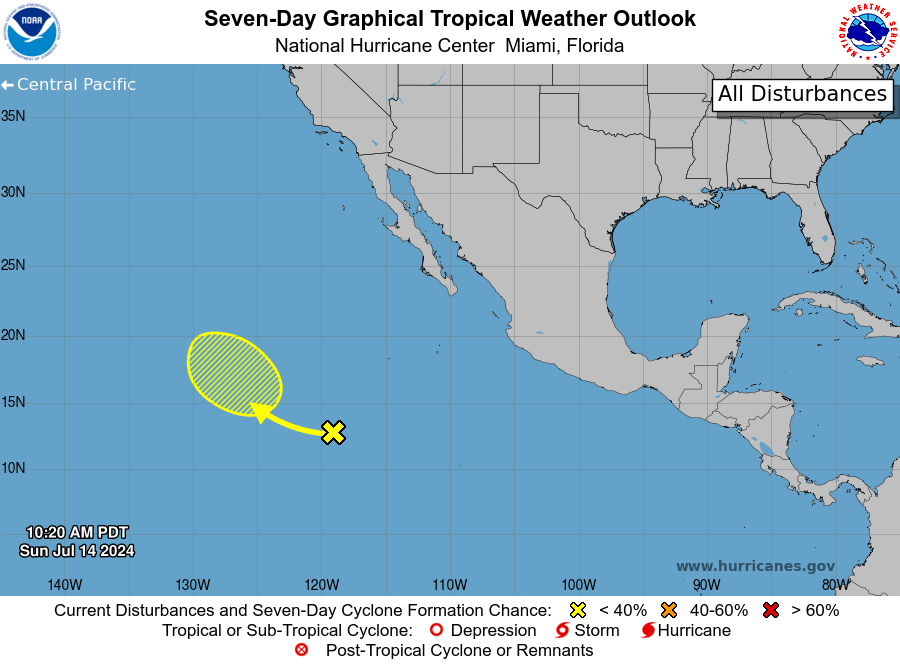
For the eastern North Pacific...east of 140 degrees west longitude:

1. Central and Western East Pacific: A tropical wave located several hundred miles southwest of the southern tip of the Baja California peninsula is producing disorganized shower and thunderstorm activity. Development of this system, if any, should be slow to occur while it moves westward or west-northwestward at 10 to 15 mph across the central and western portion of the basin through mid- to late-week.
* Formation chance through 48 hours...low...near 0 percent.
* Formation chance through 7 days...low...20 percent.

Forecaster Kelly